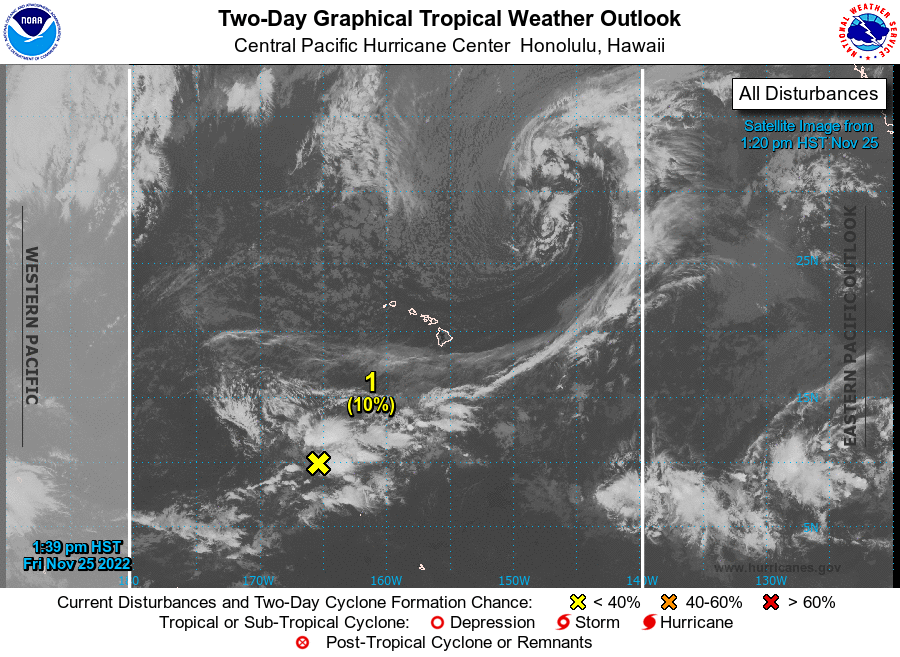
For the central North Pacific...between 140W and 180W:

1. An elongated trough of low pressure about 900 miles southwest of the Hawaiian Islands is producing disorganized showers and thunderstorms. An area of low pressure is expected to develop along the trough over the weekend, and some slow development of this system is possible early next week as it moves slowly toward the north.
* Formation chance through 48 hours...low...near 0 percent
* Formation chance through 5 days...low...20 percent

Elsewhere, no tropical cyclones are expected during the next 5 days.

The central North Pacific hurricane season officially ends on November 30. The final Tropical Weather Outlook of the season will be issued at 8 PM on November 30. Routine issuance of the Tropical Weather Outlook will resume on June 1, 2023. During the off-season, Tropical Weather Outlooks will be issued if conditions warrant.

Forecaster Birchard